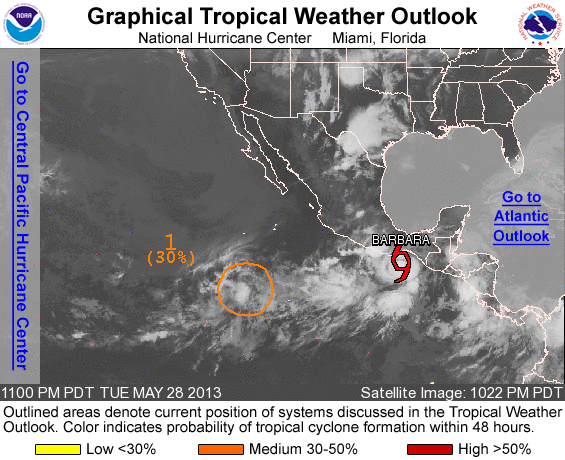
FOR THE EASTERN NORTH PACIFIC...EAST OF 140 DEGREES WEST LONGITUDE..

THE NATIONAL HURRICANE CENTER IS ISSUING ADVISORIES ON TROPICAL STORM BARBARA...LOCATED OVER THE GULF OF TEHUANTEPEC.

1. SHOWER AND THUNDERSTORM ACTIVITY ASSOCIATED WITH THE LOW PRESSURE AREA LOCATED ABOUT 850 MILES SOUTH-SOUTHWEST OF THE SOUTHERN TIP OF THE BAJA CALIFORNIA PENNISULA HAS CHANGED LITTLE IN ORGANIZATION THIS EVENING. SOME SLOW DEVELOPMENT OF THIS SYSTEM IS POSSIBLE AS IT MOVES TOWARD THE NORTH OR NORTH-NORTHEAST AT 5 TO 10 MPH DURING THE NEXT COUPLE OF DAYS. THIS DISTURBANCE HAS A MEDIUM CHANCE...30 PERCENT...OF BECOMING A TROPICAL CYCLONE DURING THE NEXT 48 HOURS.

ELSEWHERE...TROPICAL CYCLONE FORMATION IS NOT EXPECTED DURING THE NEXT 48 HOURS.

&&
PUBLIC ADVISORIES ON TROPICAL STORM BARBARA ARE ISSUED UNDER WMO HEADER WTPZ32 KNHC AND UNDER AWIPS HEADER MIATCPEP2. FORECAST/ADVISORIES ON TROPICAL STORM BARBARA ARE ISSUED UNDER WMO HEADER WTPZ22 KNHC AND UNDER AWIPS HEADER MIATCMEP2.

FORECASTER BROWN